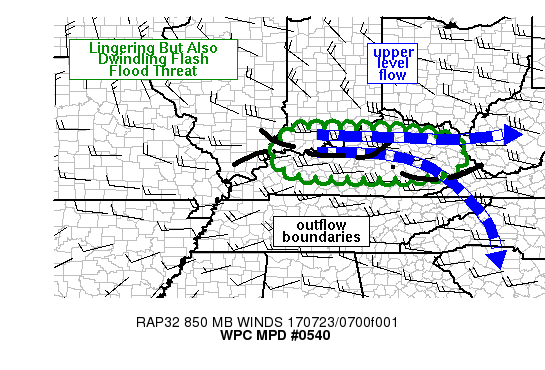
AREAS AFFECTED...SRN IN INTO KY

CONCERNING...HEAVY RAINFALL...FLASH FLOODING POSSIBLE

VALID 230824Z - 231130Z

SUMMARY...LOCALIZED FLASH FLOODING WILL REMAIN POSSIBLE OVER THE
NEXT 1-3 HOURS BUT THE THREAT APPEARS TO BE WANING ACROSS SOUTHERN
IN INTO NORTHWESTERN AND EASTERN KY. MAXIMUM ADDITIONAL RAINFALL
OF 1-3 INCHES IS EXPECTED THROUGH 12Z.

DISCUSSION...EXPERIMENTAL GOES 16 INFRARED IMAGERY SHOWED TWO
SEPARATE CLUSTERS OF COLDER CLOUD TOPS AT 08Z...ONE OVER THE IN/KY
BORDER AND THE OTHER OVER THE ERN OH/KY BORDER. WARMING HAS
GENERALLY BEEN OBSERVED WITH THE ERN CLUSTER OVER THE PAST 1-2
HOURS...HOWEVER LOCALIZED CLOUD TOP COOLING WAS NOTED OVER FAR
NORTHEASTERN KY AT 08Z...PERHAPS TIED TO FAVORABLE DIFFLUENT FLOW
ALOFT OVER THE REGION. THE WESTERN CONVECTIVE CLUSTER HAS BEEN
SLOWER TO WEAKEN WITH RECENT DUAL POL RADAR DERIVED RAIN RATES
NEAR 2 IN/HR OVER DUBOIS AND CRAWFORD COUNTIES IN SOUTHERN IN.
INSTABILITY CONTINUES TO WANE ACROSS THE REGION BUT REMAINS
SUFFICIENT TO SUSTAIN LOCALLY HEAVY RAINFALL RATES WHEN COMBINED
WITH PRECIPITABLE WATER VALUES NEAR 2 INCHES...AS PER RECENT GPS
SITE MEASUREMENTS.

CONVECTION HAS BEEN...AND WILL CONTINUE TO SINK SOUTH OVER THE
OHIO RIVER VALLEY THROUGH 12Z AS HEIGHT FALLS APPROACH FROM THE
NORTH. WESTERLY FLOW OF 25-35 KT CONTINUES TO OVERRUN NUMEROUS
WEST-EAST OUTFLOW BOUNDARIES ANALYZED FROM THE IN/KY BORDER INTO
SERN KY AT 08Z. THE THREAT FOR TRAINING STORMS WILL LINGER OVER
THE NEXT 2-4 HOURS...BUT THE INTENSITY OF RAINFALL RATES SHOULD
GRADUALLY WANE WITH TIME WITH LOWERING INSTABILITY. THIS SCENARIO
IS AGREED UPON BY RECENT RUNS OF THE ESRL EXPERIMENTAL HRRR WHICH
HAS BEEN HANDLING ONGOING CONVECTION THE BEST WHEN ACCOUNTING FOR
A NORTHWARD LATITUDE DISPLACEMENT COMPARED TO OBSERVATIONS.